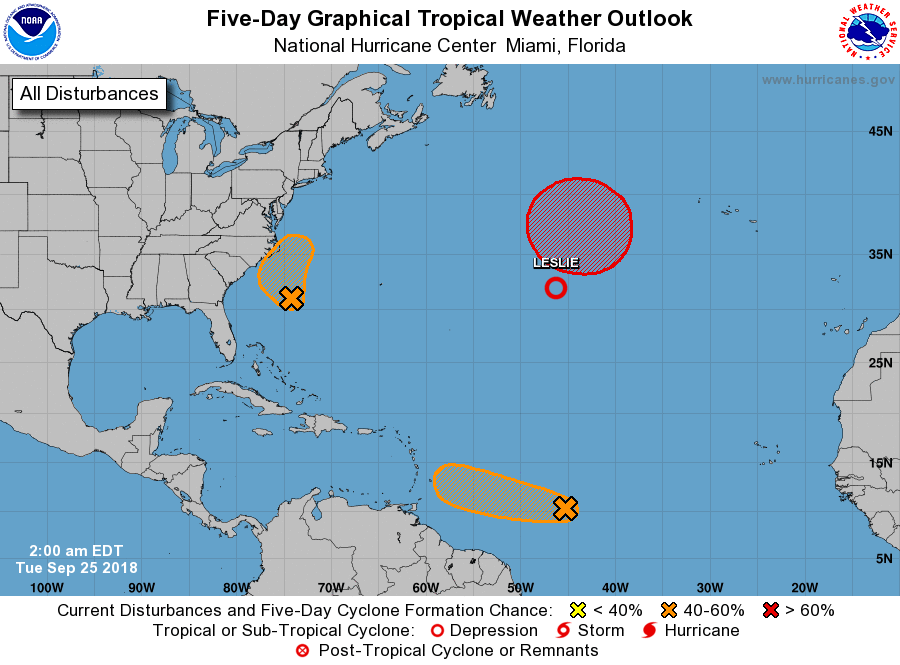
For the North Atlantic...Caribbean Sea and the Gulf of Mexico:

The National Hurricane Center is issuing advisories on recently downgraded Subtropical Depression Leslie, located about 1200 miles west of the Azores.

1. A broad area of low pressure located about 300 miles south of Cape Hatteras, North Carolina, continues to produce showers and thunderstorms on its north side. Satellite data indicate that the circulation of the low is elongated and not well organized. However, this system could still become a tropical depression later today while it moves northwestward. By tonight and Wednesday, additional development appears unlikely, due to strong upper-level winds, while the system moves northward and north-northeastward near the southeastern United States coast. Regardless of tropical cyclone formation, this system will likely enhance rainfall across portions of northeastern South Carolina and eastern North Carolina later today and tonight. In addition, dangerous surf conditions and rip currents are expected along portions of the North Carolina coast today. For more information, please see products from your local National Weather Service office.
* Formation chance through 48 hours...medium...50 percent.
* Formation chance through 5 days...medium...50 percent.

2. The remnants of Kirk are located about 1100 miles east of the Windward Islands and are moving quickly westward at around 25 mph. This system continues to produce a large area of showers and thunderstorms, along with winds to gale force on its north side. However, satellite data indicate that the system still lacks a closed circulation. This disturbance could redevelop into a tropical cyclone during the next couple of days before it moves into an area of highly unfavorable upper-level winds while it approaches the Caribbean Sea. Interests in the Windward and Leeward Islands should monitor the progress of this disturbance as gusty winds and locally heavy rains are likely even if the system does not redevelop into a tropical cyclone. For more information on this system, see High Seas Forecasts issued by the National Weather Service.
* Formation chance through 48 hours...medium...60 percent.
* Formation chance through 5 days...medium...60 percent.

3. Subtropical Depression Leslie is forecast to become post-tropical tonight after it merges with a cold front over the central Atlantic. After that time, Leslie could reacquire subtropical or tropical characteristics by the end of the week as it meanders over the central Atlantic.
* Formation chance through 48 hours...low...near 0 percent.
* Formation chance through 5 days...high...70 percent.

High Seas Forecasts issued by the National Weather Service can be found under AWIPS header NFDHSFAT1, WMO header FZNT01 KWBC, and on the Web at https://ocean.weather.gov/shtml/NFDHSFAT1.shtml.

Forecaster Cangialosi